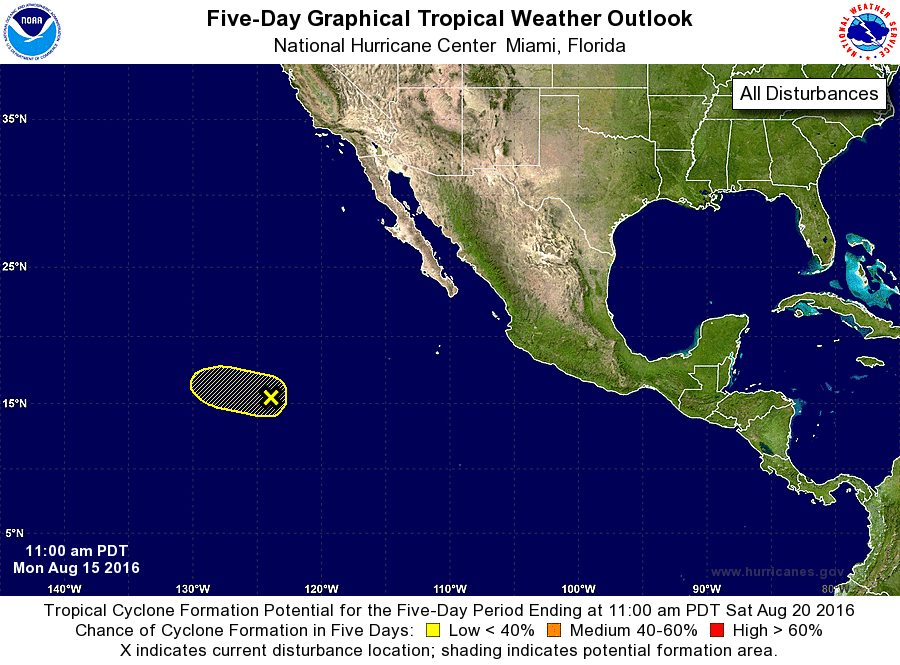
For the eastern North Pacific...east of 140 degrees west longitude:

1. A trough of low pressure located more than 1000 miles southwest of the southern tip of the Baja California peninsula is producing limited shower activity. Environmental conditions are expected to become less conducive for development during the next few days while the disturbance moves slowly westward.
* Formation chance through 48 hours...low...10 percent
* Formation chance through 5 days...low...10 percent

Forecaster Stewart